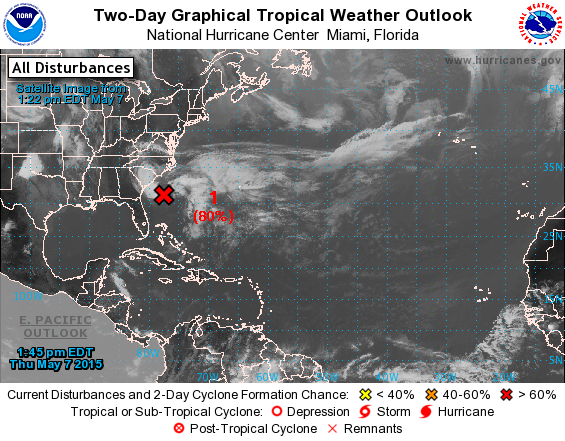
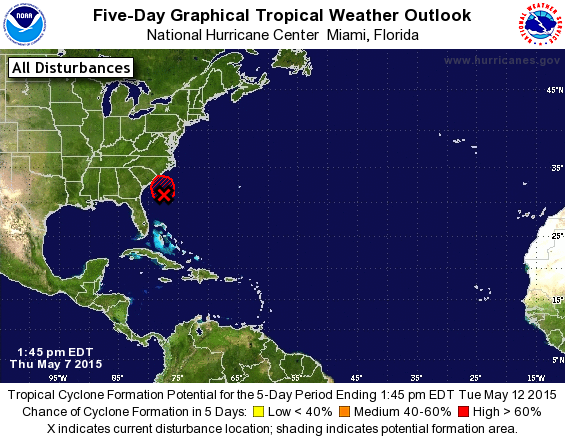
For the North Atlantic...Caribbean Sea and the Gulf of Mexico:

1. Data from an Air Force Reserve Hurricane Hunter aircraft indicate that the nearly stationary area of low pressure located about 210 miles south-southeast of the South Carolina-North Carolina border is now producing 40-45 mph winds mainly to the north and west of the center. Environmental conditions are favorable for some additional development, and any increase in the organization of the associated thunderstorm activity would result in the formation of a subtropical cyclone. The low is expected to drift to the north or north- northwest over the next couple of days, and interests along the southeastern coast of the United States should continue to monitor the progress of this system. Regardless of development, heavy rain is expected over portions of the coastal southeastern United States for the next few days. For additional information, see products from your local National Weather Service forecast office and High Seas Forecasts issued by the National Weather Service. The next Special Tropical Weather Outlook on this system is scheduled for 8 PM EDT.
* Formation chance through 48 hours...high...80 percent
* Formation chance through 5 days...high...80 percent

High Seas Forecasts issued by the National Weather Service are available under AWIPS header NFDHSFAT1, WMO header FZNT01 KWBC, and on the Web at http://www.opc.ncep.noaa.gov/shtml/NFDHSFAT1.shtml

Forecaster Blake